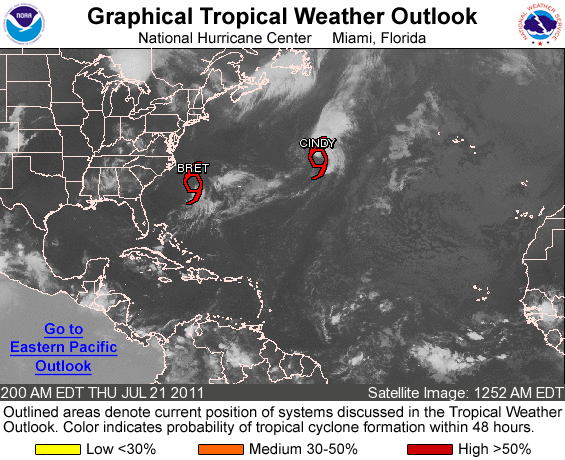
FOR THE NORTH ATLANTIC...CARIBBEAN SEA AND THE GULF OF MEXICO...

THE NATIONAL HURRICANE CENTER IS ISSUING ADVISORIES ON TROPICAL STORM CINDY...LOCATED ABOUT 800 MILES EAST-NORTHEAST OF BERMUDA. ADVISORIES ARE ALSO BEING ISSUED ON TROPICAL STORM BRET...LOCATED ABOUT 235 MILES SOUTHEAST OF CAPE HATTERAS NORTH CAROLINA.

ELSEWHERE...TROPICAL CYCLONE FORMATION IS NOT EXPECTED DURING THE NEXT 48 HOURS.

PUBLIC ADVISORIES ON CINDY ARE ISSUED UNDER WMO HEADER WTNT33 KNHC AND UNDER AWIPS HEADER MIATCPAT3. FORECAST/ADVISORIES ON CINDY ARE ISSUED UNDER WMO HEADER WTNT23 KNHC AND UNDER AWIPS HEADER MIATCMAT3.

FORECASTER STEWART